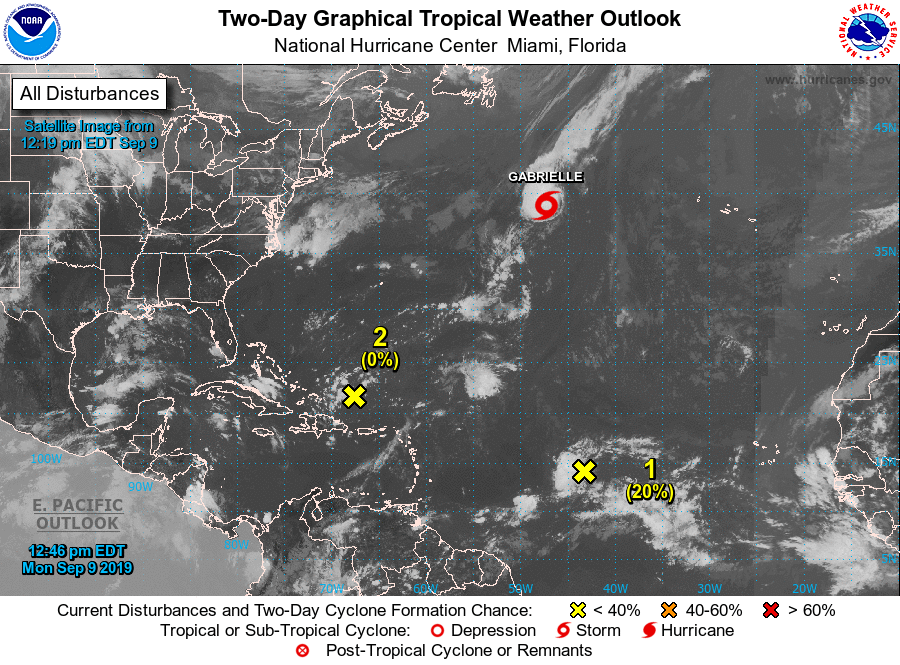
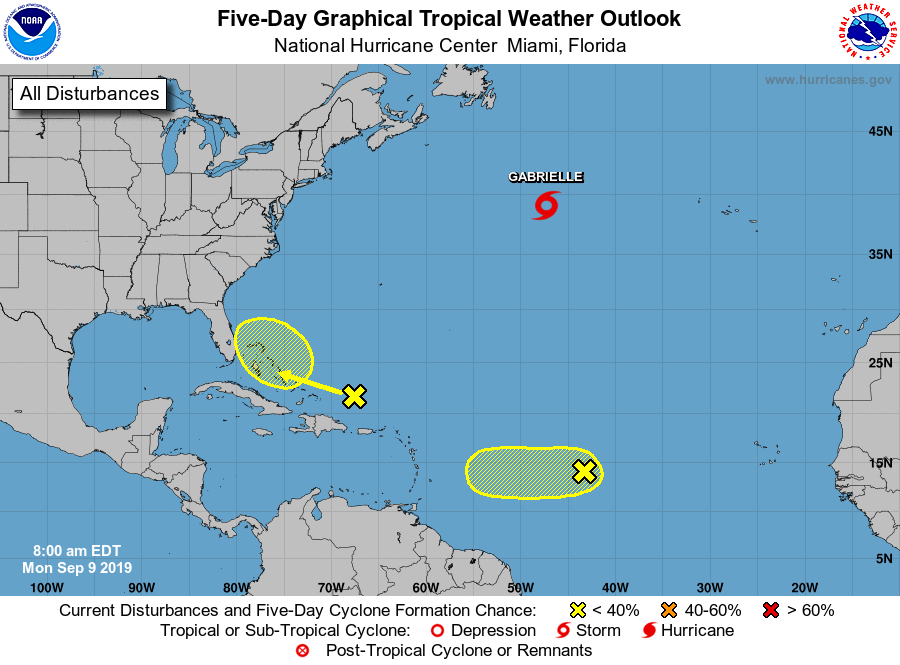
For the North Atlantic...Caribbean Sea and the Gulf of Mexico:

The National Hurricane Center is issuing advisories on Tropical Storm Gabrielle, located over the north-central Atlantic Ocean.

1. A weak area of low pressure, associated with a tropical wave, continues to produce disorganized showers and thunderstorms about midway between the Cabo Verde Islands and the Windward Islands. Some slow development of this system is possible during the next two or three days before upper-level winds become unfavorable for tropical cyclone formation. This system is expected to move generally westward across the tropical Atlantic Ocean for the next several days.
* Formation chance through 48 hours...low...20 percent.
* Formation chance through 5 days...low...30 percent.

2. Disorganized cloudiness and showers located a few hundred miles north and northeast of the Greater Antilles are associated with a surface trough interacting with an upper-level low. Little to no development of this system is expected during the next day or two while the system moves west-northwestward, north of the Greater Antilles. Environmental conditions could become a little more conducive for development when the disturbance moves near the Bahamas and Florida late this week.
* Formation chance through 48 hours...low...near 0 percent.
* Formation chance through 5 days...low...20 percent.

Forecaster Zelinsky